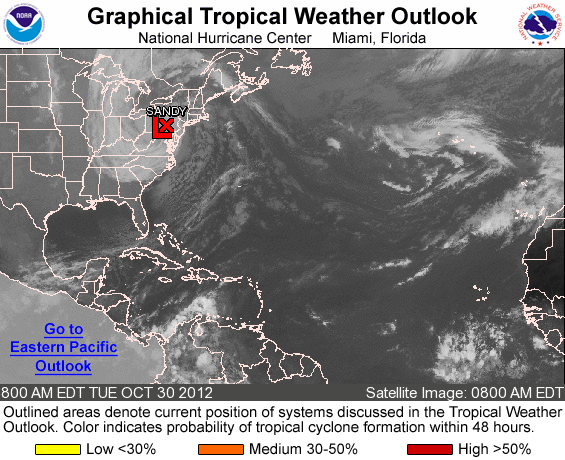
FOR THE NORTH ATLANTIC...CARIBBEAN SEA AND THE GULF OF MEXICO...

THE HYDROMETEOROLOGICAL PREDICTION CENTER IS ISSUING PUBLIC ADVISORIES ON POST-TROPICAL CYCLONE SANDY...CENTERED OVER SOUTHERN PENNSYLVANIA.

ELSEWHERE...TROPICAL STORM FORMATION IS NOT EXPECTED DURING THE NEXT 48 HOURS.

&&
PUBLIC ADVISORIES ON SANDY ARE BEING ISSUED UNDER WMO HEADER WTNT33 KWNH...AND AWIPS HEADER TCPAT3.

FORECASTER BLAKE